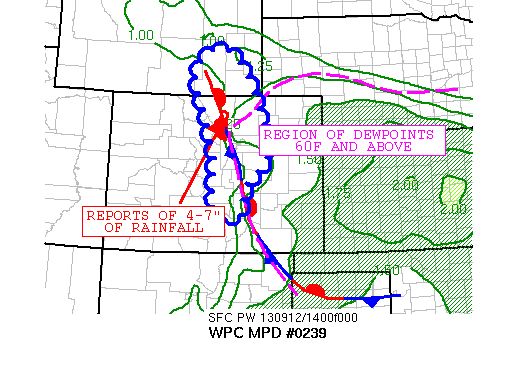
AREAS AFFECTED...CENTRAL AND NORTHERN CO/SOUTHEASTERN WY...

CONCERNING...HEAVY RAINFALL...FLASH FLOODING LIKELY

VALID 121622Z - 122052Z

SUMMARY...PERSISTENT UPSLOPE FLOW COUPLED WITH RECORD ATMOSPHERIC
MOISTURE CONTENT HAS LED TO NUMEROUS FLASH FLOODS IN THE BOULDER
CO AREA. LITTLE CHANGE TO THESE PARAMETERS WILL MAINTAIN THE
THREAT FOR FLASH FLOODING IN THE ENCOMPASSED AREA...BUT IN
PARTICULAR WITHIN THE REGION WHICH ALREADY HAS SEEN 4 TO 7 INCHES
OF RAIN.

DISCUSSION...THE 12Z RAOB FROM DNR DEPICTED A MOIST ADIABATIC
SOUNDING FROM THE SURFACE UP TO 500 MB. MUCH OF THIS REGION OF
SATURATION WAS LOCATED BELOW THE FREEZING LEVEL LEADING TO AN
EXPANSIVE WARM CLOUD LAYER. THIS LOW-TOPPED CONVECTION CONTINUES
TO FEED OFF THE MINIMAL...BUT SUFFICIENT TALL/SKINNY CAPE PROFILE
WHICH HAS GENERALLY BEEN IN PLACE THE PAST SEVERAL HOURS. THE KFTG
RADAR HAS SHOWN VERY LITTLE CHANGE IN THE LOW-LEVEL UPSLOPE FLOW
PER THE VAD WIND PROFILE. THE 14Z RAP/13Z HRRR ACTUALLY SHOWS THE
BOUNDARY LAYER TO 700-MB WINDS WILL BE ON THE INCREASE WHILE
MAINTAINING THE SOUTHEAST TO EASTERLY DIRECTION. THIS IS FORECAST
TO AID IN LOCALLY ENHANCING THE PWAT VALUES WHICH WERE ALREADY AT
A SEPTEMBER RECORD MAXIMUM OF 1.33 INCHES AS OF 12Z. FURTHER...THE
TRANSPORT OF SURFACE MOISTURE IS EVIDENT AS THE BOUNDARY OF 60F
AND ABOVE DEWPOINTS HAVE WORKED THEIR WAY WELL INTO EASTERN CO.

THE UPPER LEVEL PATTERN OVER THE REGION IS NOT EXPECTED TO CHANGE
MUCH IN THE UPCOMING HOURS AS A VERY DIFFULENT 250-MB FLOW IS
DEPICTED BY ALL RECENT GUIDANCE. THE EXPECTED HIGHLY EFFICIENT
WARM RAIN PROCESSES WILL CONTINUE WITH ADDITIONAL HEAVY RAINFALL
OVER AREAS WHICH ARE CURRENTLY FLOODING. THIS EVENT ALREADY HAS A
HISTORY OF SEVERE DAMAGE TO INFRASTRUCTURE WHICH INCLUDES A COUPLE
FATALITIES. THE FLASH FLOOD THREAT WILL REMAIN LIKELY WITH THE
POSSIBILITY OF FUTURE MESOSCALE DISCUSSIONS IF CONDITIONS DO NOT
CHANGE DRASTICALLY.